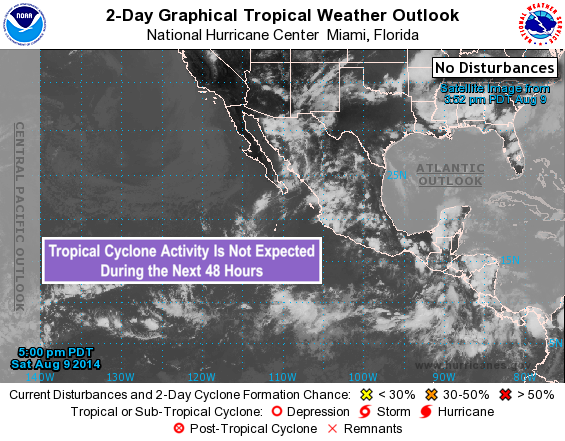
For the eastern North Pacific...east of 140 degrees west longitude:

1. An area of low pressure could form early next week a few hundred miles south of the coast of Mexico. Some development of this system is possible after that time while it moves westward or west- northwestward at 10 to 15 mph.
* Formation chance through 48 hours...low...near 0 percent.
* Formation chance through 5 days...medium...30 percent.

Forecaster Blake